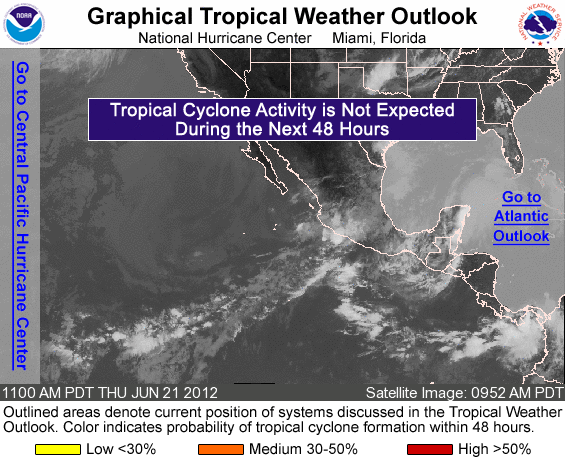
FOR THE EASTERN NORTH PACIFIC...EAST OF 140 DEGREES WEST LONGITUDE..

TROPICAL CYCLONE FORMATION IS NOT EXPECTED DURING THE NEXT 48 HOURS.

FORECASTER BROWN